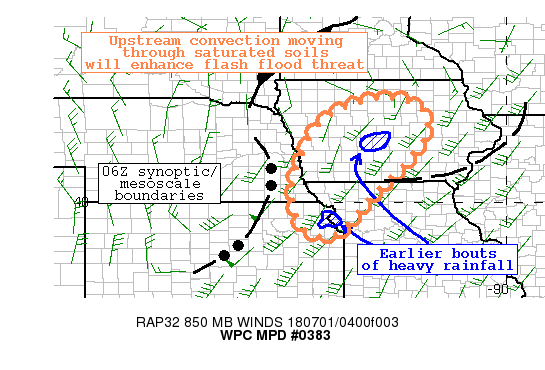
AREAS AFFECTED...NORTHEASTERN KS/NORTHWESTERN NEB/NORTHWESTERN
MO/IA...

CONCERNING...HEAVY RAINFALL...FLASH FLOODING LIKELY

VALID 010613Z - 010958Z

SUMMARY...REAGGRAVATION OF FLASH FLOOD CONCERNS ARE LIKELY IN
ADVANCE OF AN APPROACHING MCS. OBSERVED HOURLY RAINFALL RATES
WITHIN THIS LINE HAVE BEEN AROUND 1 TO 1.50 INCHES PER MESONET
DATA. ADDING THIS ON TOP OF ALREADY SATURATED SOILS WILL ENHANCE
THE THREAT FOR FLASH FLOODING.

DISCUSSION...MULTIPLE HOURS OF HEAVY RAINFALL WITH TRAINING
ELEMENTS LEFT PORTIONS OF CENTRAL IA...PARTICULARLY THE WESTERN
SUBURBS OF DES MOINES WITH FLOODING ISSUES. LOCAL REPORTS ACROSS
POLK COUNTY HAVE GENERALLY BEEN IN THE 5 TO 7 INCH RANGE WITH EVEN
A 10 INCH ESTIMATE. WHILE THE UPSTREAM ACTIVITY HAS REMAINED
PROGRESSIVE AND SHOWN EPISODIC PERIODS OF WEAKENING...ANY
ADDITIONAL RAINFALL TONIGHT WILL LIKELY AGGRAVATE THE FLOODING
ISSUES AND ANY RELIEF EFFORTS. THUS...WILL MAINTAIN A FLASH
FLOODING LIKELY DESIGNATION INTO THE EARLY MORNING HOURS.

ASSISTED BY THE STRENGTHENING OF A NOCTURNAL LOW-LEVEL JET (35 TO
40 KNOTS PER VWP DATA ACROSS KANSAS CITY)...A FAIRLY HEALTHY MCS
CONTINUES TO RACE EASTWARD TOWARD OMAHA NEB AT ROUGHLY 40 MPH.
WOULD EXPECT GRADUAL WEAKENING AS THIS SYSTEM NEARS THE NEB/IA
BORDER MUCAPE VALUES MAXIMIZING IN THE 500 TO 1000 J/KG RANGE.
THIS WOULD SUGGEST THE MENTIONED RATES OF 1 TO 1.50 INCHES MAY
COME DOWN A BIT IN THE NEXT FEW HOURS. HOWEVER...THERE IS A
SEPARATE BAND OF CONVECTION LIFTING INTO SOUTHWESTERN IA WHICH
WOULD ALLOW TWO ROUNDS OF PRECIPITATION TO MOVE THROUGH CENTRAL IA.

DURING THE NEXT 4 HOURS...ALL OF THE 00Z CAMS FAVOR RAPID
DISSIPATION OF THIS LINE OF THUNDERSTORMS. THE SOUTHERN EXTENT OF
THIS MCS HAS SHOWN A MARKED WARMING IN CLOUD TOPS BUT HEALTHY
CONVECTION DOES REMAIN ACROSS EAST-CENTRAL NEB. PERHAPS THE MODELS
ARE A LITTLE TOO QUICK TO WEAKEN THIS COMPLEX. WHILE RAINFALL
RATES SHOULD COME DOWN CONSIDERABLY...THE ANTECEDENT CONDITIONS
STILL WARRANT A THREAT FOR FLASH FLOODING.